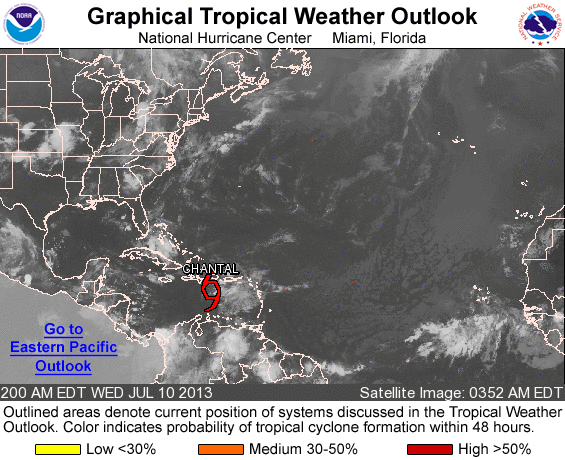
FOR THE NORTH ATLANTIC...CARIBBEAN SEA AND THE GULF OF MEXICO...

THE NATIONAL HURRICANE CENTER IS ISSUING ADVISORIES ON TROPICAL STORM CHANTAL...LOCATED OVER THE EAST-CENTRAL CARIBBEAN SEA.

ELSEWHERE...TROPICAL CYCLONE FORMATION IS NOT EXPECTED DURING THE NEXT 48 HOURS.

FORECASTER BLAKE